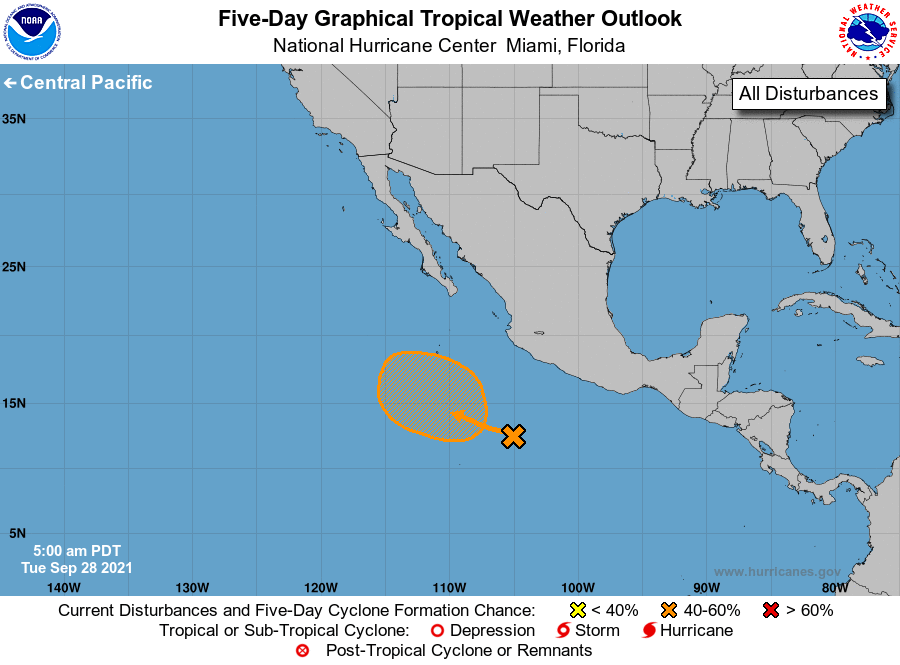
For the eastern North Pacific...east of 140 degrees west longitude:

1. A tropical wave is producing an area of disorganized cloudiness and showers a few hundred miles south-southwest of Manzanillo, Mexico. Environmental conditions are expected to be conducive for some development of this disturbance during the next several days, and a tropical depression could form by the weekend while the system moves slowly west-northwestward well offshore of the coast of mainland Mexico.
* Formation chance through 48 hours...low...near 0 percent.
* Formation chance through 5 days...medium...40 percent.

Forecaster Cangialosi